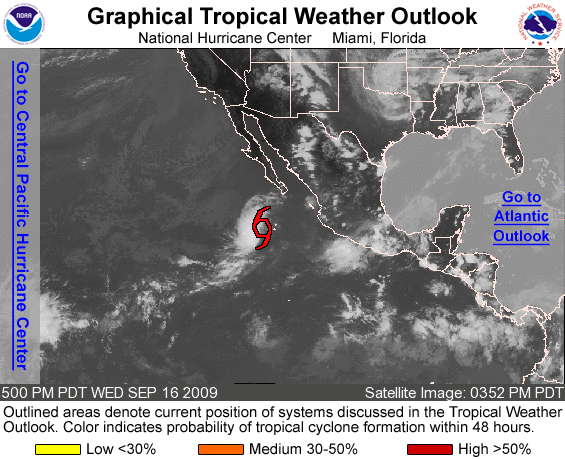
FOR THE EASTERN NORTH PACIFIC...EAST OF 140 DEGREES WEST LONGITUDE..

THE NATIONAL HURRICANE CENTER IS ISSUING ADVISORIES ON TROPICAL STORM MARTY...LOCATED ABOUT 325 MILES SOUTH-SOUTHWEST OF THE SOUTHERN TIP OF BAJA CALIFORNIA.

ELSEWHERE...TROPICAL CYCLONE FORMATION IS NOT EXPECTED DURING THE NEXT 48 HOURS.

PUBLIC ADVISORIES ON MARTY ARE ISSUED UNDER WMO HEADER WTPZ31 KNHC AND UNDER AWIPS HEADER MIATCPEP1...AND FORECAST/ADVISORIES ARE ISSUED UNDER WMO HEADER WTPZ21 KNHC AND UNDER AWIPS HEADER MIATCMEP1.

FORECASTER PASCH